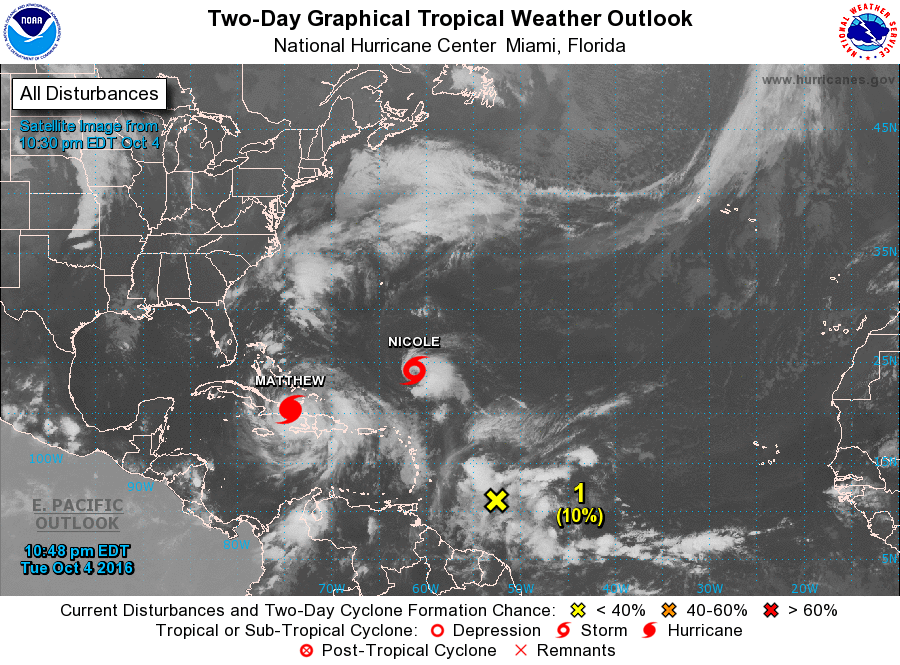
For the North Atlantic...Caribbean Sea and the Gulf of Mexico:

The National Hurricane Center is issuing advisories on Hurricane Matthew, located near eastern Cuba, and on Tropical Storm Nicole located a few hundred miles northeast of the Lesser Antilles.

1. A large area of showers and thunderstorms located several hundred miles east of the Windward Islands is associated with a tropical wave. Development, if any, of this system is expected to be slow to occur while the wave moves westward at 10 to 15 mph. Regardless of tropical cyclone development, locally heavy rains and gusty winds are possible in the Windward and southern Leeward Islands during the next couple of days as the wave approaches and then passes.
* Formation chance through 48 hours...low...10 percent
* Formation chance through 5 days...low...20 percent

Public Advisories on Nicole are issued under WMO header WTNT35 KNHC and under AWIPS header MIATCPAT5. Forecast/Advisories on Nicole are issued under WMO header WTNT25 KNHC and under AWIPS header MIATCMAT5.

Forecaster Kimberlain